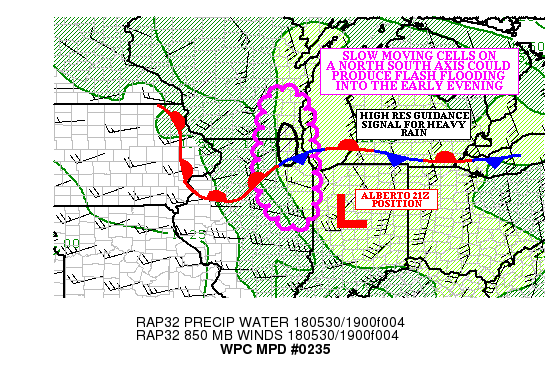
AREAS AFFECTED...NORTHEAST IL....SOUTHEAST WI

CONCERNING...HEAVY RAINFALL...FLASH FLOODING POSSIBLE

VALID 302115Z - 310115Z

SUMMARY...SLOW MOVING CONVECTION ALONG A NORTH SOUTH ORIENTED AXIS
IN A HIGH MOISTURE ENVIRONMENT COULD POSE A FLASH FLOOD THREAT
INTO THE EARLY EVENING HOURS.

DISCUSSION...REGIONAL RADARS INDICATED A NORTH TO SOUTH ORIENTED
AXIS OF CONVECTION FORMING OVER NORTHEAST IL. THE CONVECTION WAS
FORMING IN AN AREA OF 1000-1500 J/KG MLCAPE STRETCHING FROM FAR
SOUTHEAST WI ACROSS MUCH OF CENTRAL AND EASTERN IL. THE AXIS OF
CONVECTION IS ON THE WEST SIDE OF THE CIRCULATION OF ALBERTO...AND
PRECIPITABLE WATER VALUES ON THE WESTERN PERIPHERY OF THE
CIRCULATION WERE NEAR 2.00 INCHES (WHIC HIS BETWEEN TWO AND THREE
STANDARD DEVIATIONS ABOVE THE MEAN).

THE KLOT RADAR HAS SHOWN HOURLY RAINFALL RATES BETWEEN 1.50 AND
2.00 INCHES WITH CELLS OVER WEST OF CHICAGO. RAP SOUNDINGS SHOWED
SOME DRY AIR IN THE MID LEVELS...AND THIS COULD BE CONTAMINATING
RAINFALL RATES AS A RESULT. AS A NEGATIVELY TILTED LONG WAVE
TROUGH APPROACHES WI LATE THIS AFTERNOON...AND THE CIRCULATION
ASSOCIATED WITH ALBERTO PASSES TO THE EAST...THE AXIS IS EXPECTED
TO MOVE SLOWLY EASTWARD THROUGH 31/00Z.

THERE IS AN INCREASING HIGH RESOLUTION MODEL SIGNAL FOR HEAVY
RAINFALL OVER THE REGION. BOTH THE MOST RECENT HRRR AND
EXPERIMENTAL HRRR SHOWING LOCAL 3.00+ INCH RAINFALL AMOUNTS OVER
NORTHEAST IL...AND THE EXPERIMENTAL HRRR INDICATED THE POTENTIAL
FOR 6.00+ INCHES BETWEEN KRFD AND KORD. WHILE THESE VALUES MAY BE
ON THE HIGH SIDE...SLOW MOVING CELLS IN A HIGH MOISTURE
ENVIRONMENT POSE A FLASH FLOOD THREAT INTO THE EARLY EVENING.